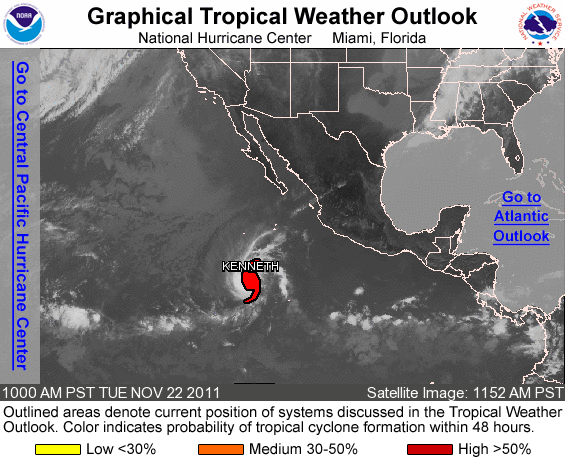
FOR THE EASTERN NORTH PACIFIC...EAST OF 140 DEGREES WEST LONGITUDE..

THE NATIONAL HURRICANE CENTER IS ISSUING ADVISORIES ON HURRICANE KENNETH...LOCATED ABOUT 750 MILES SOUTH-SOUTHWEST OF THE SOUTHERN TIP OF BAJA CALIFORNIA.

ELSEWHERE...TROPICAL CYCLONE FORMATION IS NOT EXPECTED DURING THE NEXT 48 HOURS.

FORECASTER BROWN